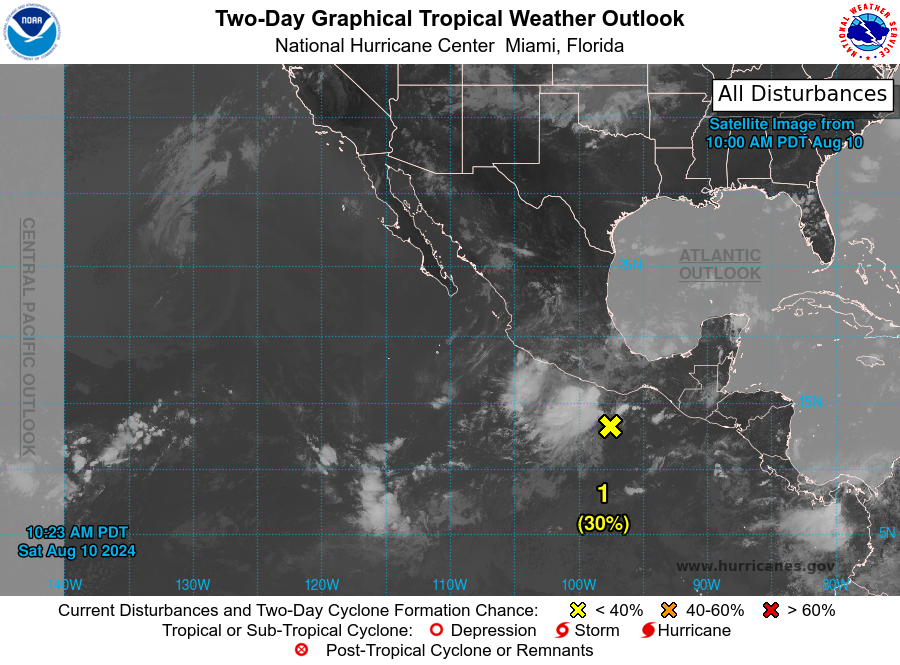
For the eastern North Pacific...east of 140 degrees west longitude:

1. South of Southern Mexico (EP98): Showers and thunderstorms remain disorganized in association with a broad area of low pressure located about 150 miles off the coast of southern Mexico. Some development of this system is possible during the next couple of days while it moves west-northwestward at around 15 mph, parallel to the coast of southwestern Mexico. By early next week, the system is forecast to move into a more stable environment, limiting additional development. Regardless of formation, this system could bring areas of heavy rain to portions of coastal southern and southwestern Mexico during the next day or two.
* Formation chance through 48 hours...low...30 percent.
* Formation chance through 7 days...low...30 percent.

Forecaster Cangialosi